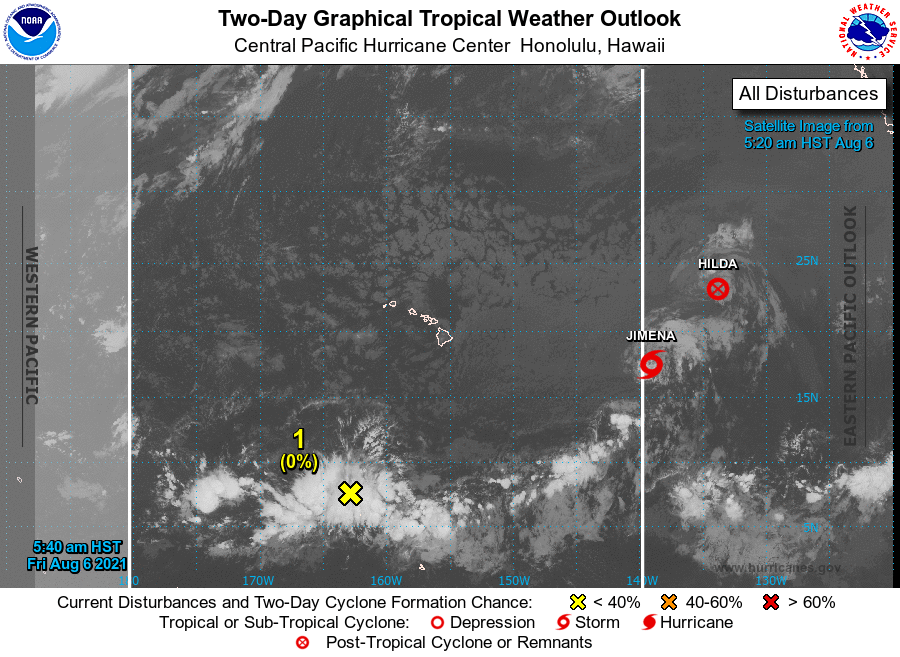
For the central North Pacific...between 140W and 180W:

The National Hurricane Center in Miami, Florida is issuing advisories on Tropical Storm Jimena, which is currently around 1100 miles east of Hilo, Hawaii. Jimena is forecast to move into the Central Pacific Hurricane Center's area of responsibility later today, with environmental conditions becoming increasingly hostile as the system moves further into the central Pacific basin.

1. An area of disturbed weather located around 1000 miles south-southwest of Honolulu, Hawaii is producing a large area of disorganized showers and thunderstorms. Environmental conditions are marginally conducive for some slow development of this system during the next several days as it moves west to west-northwest at 10 to 15 mph.
* Formation chance through 48 hours...low...near 0 percent.
* Formation chance through 5 days...low...20 percent.

Elsewhere, no tropical cyclones are expected during the next 5 days.

Public advisories on Tropical Storm Jimena are issued under WMO header WTPZ34 KNHC and AWIPS header MIATCPEP4. Forecast advisories on Tropical Storm Jimena are issued under WMO header WTPZ24 KNHC and AWIPS header MIATCMEP4.

Forecaster Jelsema